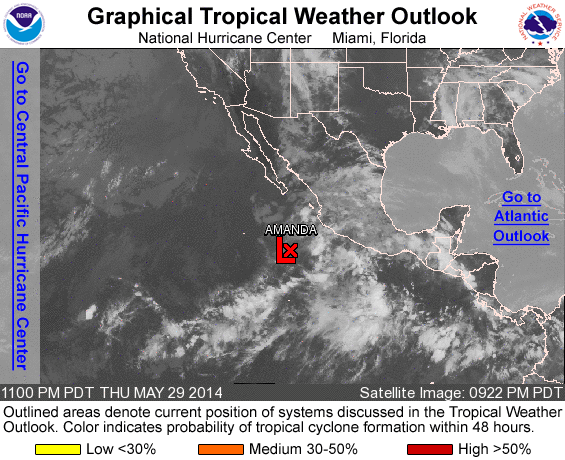
For the eastern North Pacific...east of 140 degrees west longitude:

An area of low pressure is expected to form a few hundred miles south of southeastern Mexico late this weekend. Environmental conditions should become conducive for gradual development of this system by early next week as it drifts northward.
* Formation chance through 48 hours...low...near 0 percent
* Formation chance through 5 days...medium...50 percent

Forecaster Blake